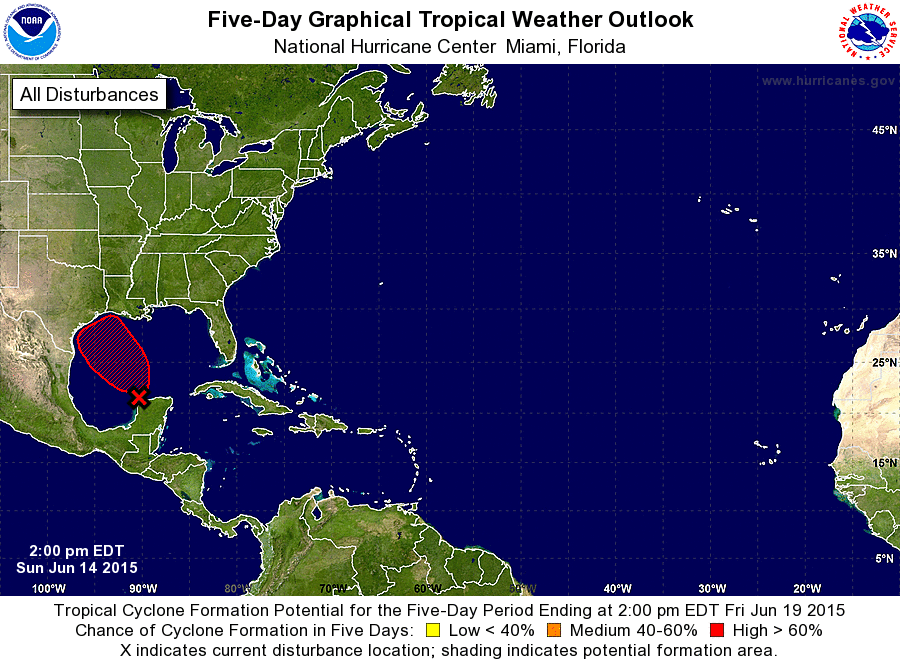
For the North Atlantic...Caribbean Sea and the Gulf of Mexico:

1. A surface trough of low pressure has moved off of the Yucatan peninsula and into the southern Gulf of Mexico this afternoon. The system is accompanied by an area of thunderstorms and winds to near gale force well to the east of the trough, but it does not yet have a well-defined closed circulation. This weather system is expected to move northwestward over the next couple of days across the western Gulf of Mexico, where upper-level winds are forecast to gradually become more favorable for tropical cyclone formation. An Air Force Reserve Unit reconnaissance aircraft will investigate the system late this afternoon, with another mission planned for Monday morning. Interests in and along the northwestern Gulf of Mexico should monitor the progress of this system. For additional information, please see High Seas forecasts as well as products issued by your local National Weather Service Forecast Office.
* Formation chance through 48 hours...high...70 percent
* Formation chance through 5 days...high...70 percent

High Seas Forecasts can be found under AWIPS header NFDHSFAT1 and WMO header FZNT01 KWBC.

Forecaster Franklin